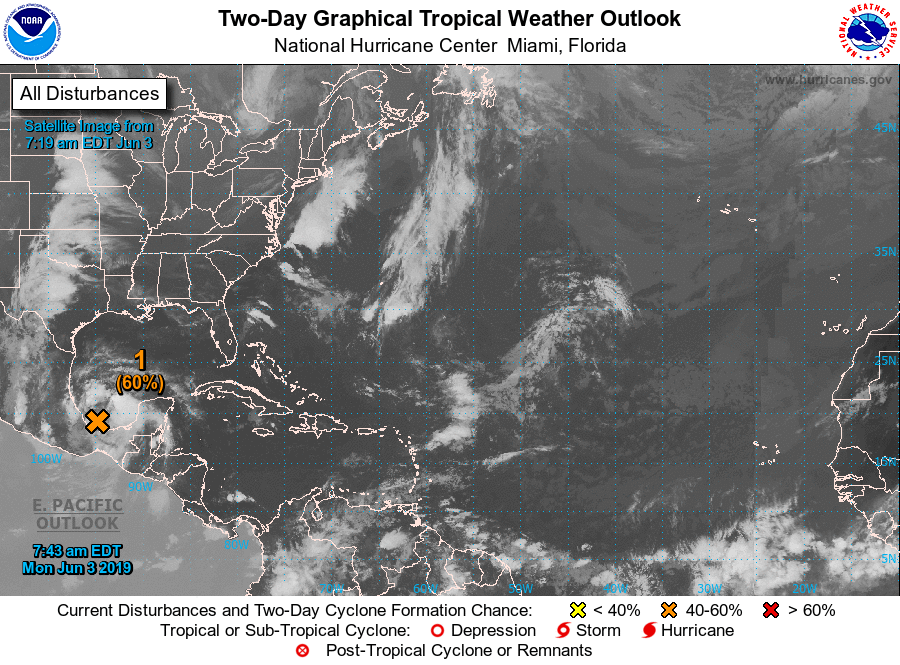
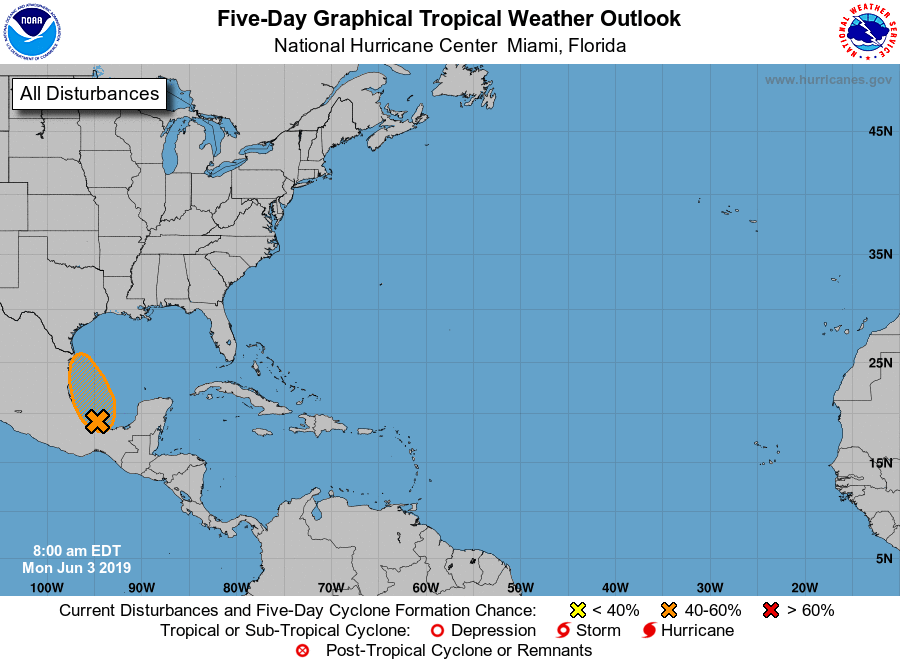
For the North Atlantic...Caribbean Sea and the Gulf of Mexico:

1. A broad area of low pressure is producing disorganized shower and thunderstorm activity over the Bay of Campeche. This system is expected to move slowly northwestward toward the northeastern coast of Mexico, and could become a tropical cyclone before it moves inland in a day or two. Regardless of development, the disturbance will likely produce heavy rainfall over portions of southern and eastern Mexico during the next few days. An Air Force Reserve reconnaissance aircraft will investigate the disturbance this afternoon, if necessary. Interests along the Gulf coast of Mexico should monitor the progress of this system.
* Formation chance through 48 hours...medium...60 percent.
* Formation chance through 5 days...medium...60 percent.

Forecaster Zelinsky